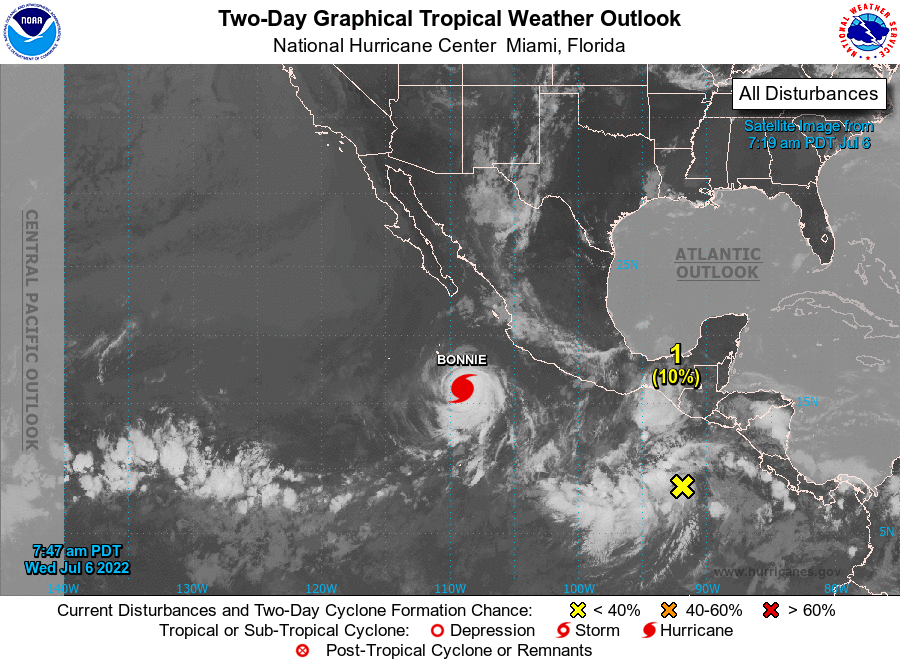
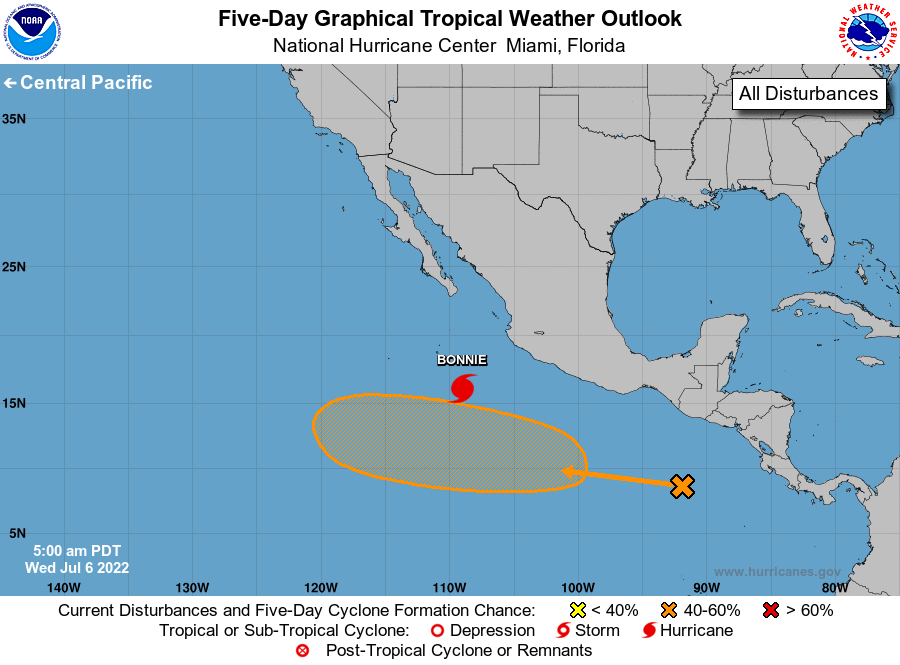
For the eastern North Pacific...east of 140 degrees west longitude:

Active Systems: The National Hurricane Center is issuing advisories on Hurricane Bonnie, located several hundred miles south-southwest of southwestern Mexico.

1.

1. Offshore of Central America/Mexico: A tropical wave located several hundred miles southwest of the coast of Central America is forecast to produce an area of low pressure southwest of the coast of southern Mexico toward the end of the week. Thereafter, environmental conditions are expected to be conducive for gradual development, and a tropical depression could form over the weekend while the system moves generally west-northwestward at 10 to 15 mph.
* Formation chance through 48 hours...low...10 percent.
* Formation chance through 5 days...medium...50 percent.

Forecaster Roberts